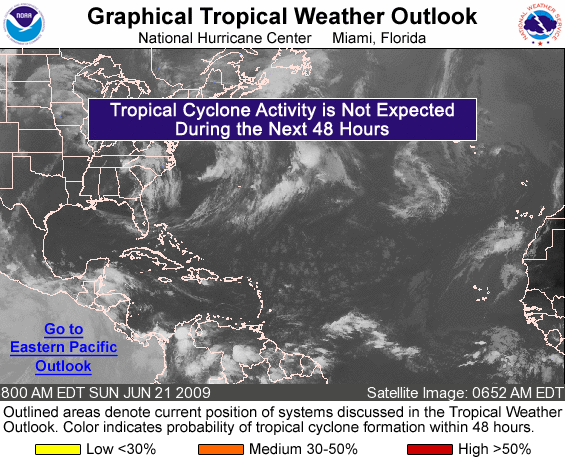
FOR THE NORTH ATLANTIC...CARIBBEAN SEA AND THE GULF OF MEXICO...

TROPICAL CYCLONE FORMATION IS NOT EXPECTED DURING THE NEXT 48 HOURS.

FORECASTER PASCH/BERG